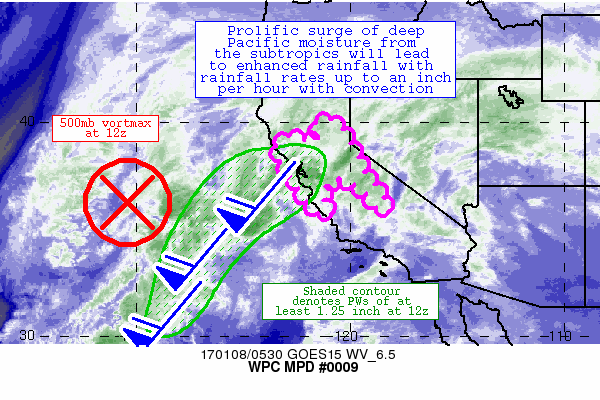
AREAS AFFECTED...CENTRAL CALIFORNIA

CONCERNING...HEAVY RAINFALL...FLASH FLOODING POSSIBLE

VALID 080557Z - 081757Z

SUMMARY...A LONG DURATION HEAVY PRECIPITATION EVENT IS IN PROGRESS
WITH WIDESPREAD HEAVY RAINFALL EXPECTED ACROSS CENTRAL CALIFORNIA
THROUGH SATURDAY NIGHT. THE DEEP MOISTURE FLUX ALONG WITH SOME
INSTABILITY WILL SUPPORT RAINFALL RATES OF 0.5 TO 1 INCH PER HOUR
WITH FLASH FLOODING POSSIBLE IN BURN SCAR AND OTHER SUSCEPTIBLE
AREAS.

DISCUSSION...A DEEP SURGE OF PACIFIC MOISTURE IS ADVECTING TOWARDS
THE CENTRAL CALIFORNIA COAST WITH A SUBTROPICAL CONNECTION.
MOISTURE FLUX STANDARDIZED ANOMALIES ON THE ORDER OF +6 ARE
INDICATED BY THE GEFS MEAN, WITH A PLUME OF 1.3 TO 1.5 INCH PWS
SUGGESTED BY THE LATEST RAP GUIDANCE OVER THE CENTRAL CALIFORNIA
COAST DURING THE OVERNIGHT PERIOD.  A PROLONGED FETCH OF 45 TO 60
KNOT 850MB FLOW ORIENTED ORTHOGONAL TO THE TERRAIN, ALONG WITH THE
ANOMALOUS PWS, WILL BE QUITE FAVORABLE FOR PERIODS OF HEAVY
RAINFALL.  THE PRESENCE OF 250-500 J/KG MUCAPE OFFSHORE WILL
SUPPORT SOME CONVECTIVE ELEMENTS WITHIN THIS PLUME OF MOISTURE,
WHERE RATES COULD REACH ONE INCH PER HOUR WITH FLASH FLOODING
POSSIBLE.  A FAVORABLE UPPER LEVEL JET STRUCTURE WITH A LARGE
REGION OF DIVERGENCE ALOFT WILL AID IN SUSTAINING THE ASCENT AND
HEAVY RAIN.   THE HEAVIEST RAINFALL TOTALS ARE EXPECTED FOR THE
COASTAL MOUNTAINS SOUTH OF SAN FRANCISCO, AND THE WESTERN SLOPES
OF THE CENTRAL SIERRA NEVADA.

AN AGGRAVATING FACTOR IN THE FLOODING POTENTIAL WITH THIS EVENT
WILL BE THE RISING SNOW LEVELS ACROSS THE SIERRA NEVADA RANGE,
APPROACHING 9000 FEET.  HEAVY RAIN FALLING OVER A DENSE SNOW COVER
FROM THE EVENT A FEW DAYS AGO WILL LEAD TO SOME SNOW MELT THAT
WILL LOCALLY ENHANCE RUN-OFF PROBLEMS AND THUS THE POSSIBILITY OF
LOCALIZED FLASH FLOODING DOWNSTREAM OF THESE AREAS.

THE LATEST HI-RES GUIDANCE IS INDICATING 3 TO LOCALLY 6 INCHES OF
RAINFALL BY 18Z SUNDAY, WITH ADDITIONAL RAINFALL AFTER THIS TIME.
THE HIGHEST AMOUNTS ARE EXPECTED FOR THE COASTAL MOUNTAINS SOUTH
OF SAN FRANCISCO, AND THE WESTERN SLOPES OF THE SIERRA NEVADA.
THE PLACES WITH GREATEST RUN-OFF CONCERNS WOULD BE RECENT
BURN-SCAR AREAS AND THOSE LOCATIONS THAT RECEIVED APPRECIABLE
RAINFALL ON SATURDAY.